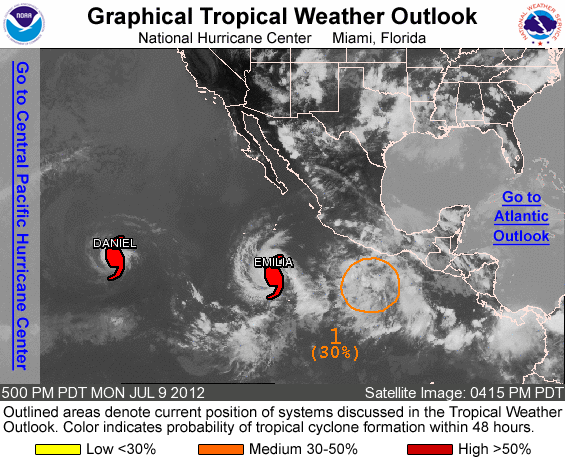
FOR THE EASTERN NORTH PACIFIC...EAST OF 140 DEGREES WEST LONGITUDE..

THE NATIONAL HURRICANE CENTER IS ISSUING ADVISORIES ON HURRICANE DANIEL...LOCATED ABOUT 1450 MILES WEST-SOUTHWEST OF THE SOUTHERN TIP OF BAJA CALIFORNIA...AND ON HURRICANE EMILIA...LOCATED ABOUT 680 MILES SOUTH OF THE SOUTHERN TIP OF BAJA CALIFORNIA.

1. A BROAD AREA OF LOW PRESSURE LOCATED SEVERAL HUNDRED MILES SOUTH OF ACAPULCO MEXICO CONTINUES TO PRODUCE DISORGANIZED SHOWERS AND THUNDERSTORMS. CONDITIONS APPEAR CONDUCIVE FOR GRADUAL DEVELOPMENT OF THIS SYSTEM OVER THE NEXT SEVERAL DAYS AS IT MOVES WEST- NORTHWESTWARD AT 5 TO 10 MPH. THIS SYSTEM HAS A MEDIUM CHANCE...30 PERCENT...OF BECOMING A TROPICAL CYCLONE DURING THE NEXT 48 HOURS.

ELSEWHERE...TROPICAL CYCLONE FORMATION IS NOT EXPECTED DURING THE NEXT 48 HOURS.

FORECASTER BRENNAN